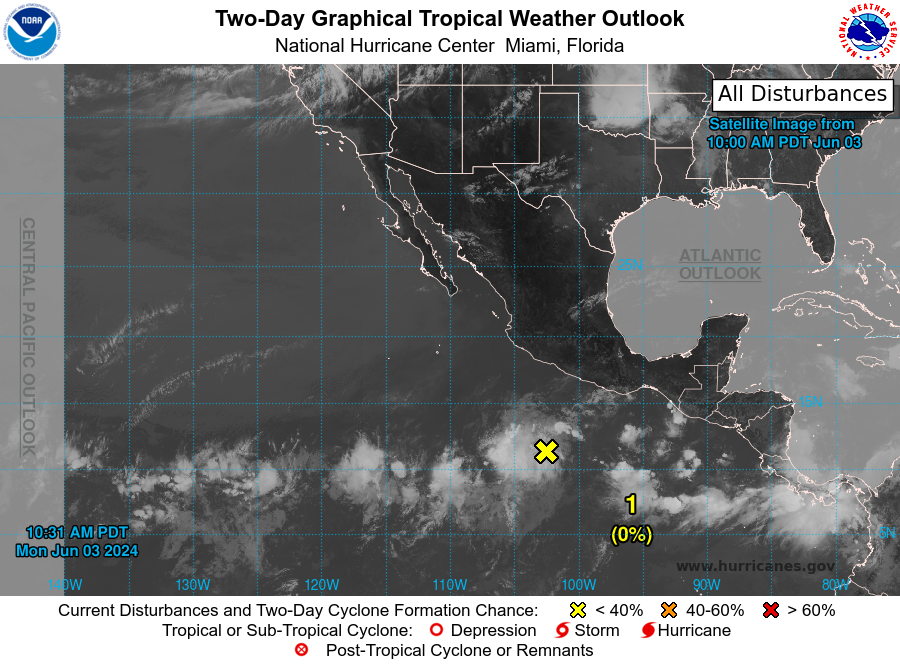
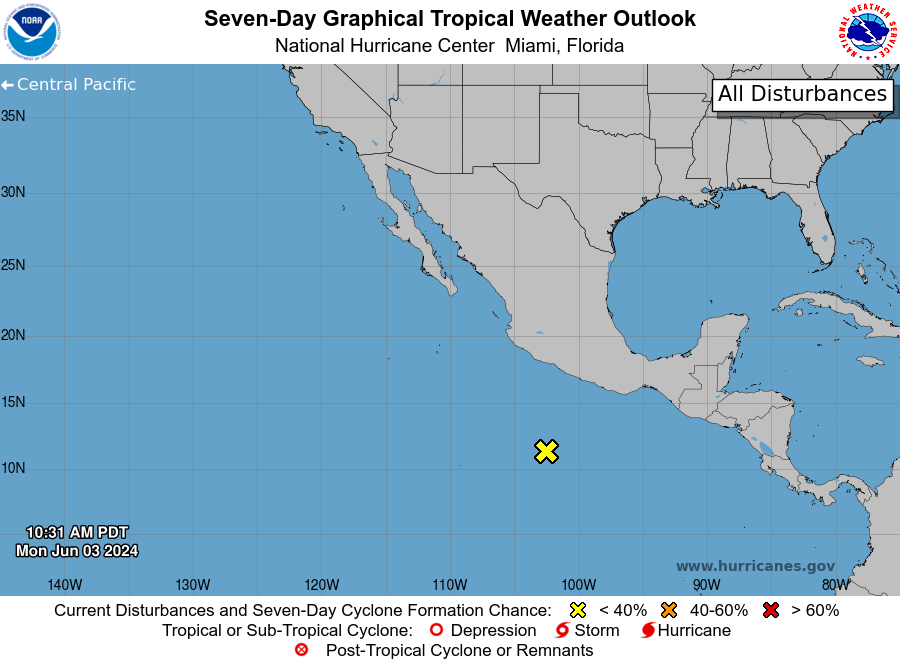
For the eastern North Pacific...east of 140 degrees west longitude:

1. South of the Coast of Southern Mexico: Shower and thunderstorm activity has become less organized since yesterday in association with an elongated area of low pressure located several hundred miles south of the coast of southern Mexico. Environmental conditions are forecast to remain unfavorable, and development of this system is not expected.
* Formation chance through 48 hours...low...near 0 percent.
* Formation chance through 7 days...low...near 0 percent.

Forecaster Hagen/Blake